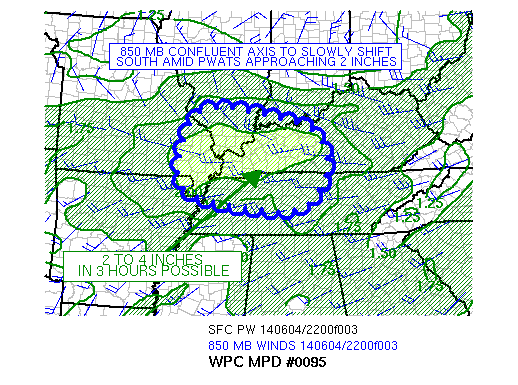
AREAS AFFECTED...LOWER OHIO VALLEYINTO NWRN KENTUCKY

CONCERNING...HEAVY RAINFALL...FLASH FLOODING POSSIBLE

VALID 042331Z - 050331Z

SUMMARY...CONVECTION WITH RAINFALL RATES OF 1-2 IN/HR WILL SAG SWD
INTO SWRN KENTUCKY AND NWRN TENNESSEE THROUGH THE EARLY OVERNIGHT
HOURS AS AN 850 MB CONFLUENCE AXIS SLOWLY DROPS SOUTH. A NUMBER OF
HI-RES MODELS ARE SHOWING AGREEMENT IN HEAVY RAINFALL WHICH WOULD
EXCEED FLASH FLOOD GUIDANCE ACROSS THE LOWER OHIO VALLEY INTO NWRN
TENNESSEE.

DISCUSSION...A CLUSTER OF STORMS IS ONGOING ACROSS SRN ILLINOIS
INTO NWRN KENTUCKY AHEAD OF A SLOW MOVING COLD FRONT ANALYZED AT
23Z FROM SWRN OHIO...WWD ACROSS SWN INDIANA AND ILLINOIS INTO SERN
MISSOURI. HOURLY RAINFALL RATES OF 1 TO 2 INCHES HAVE BEEN
REPORTED PER RECENT ASOS AND COOP STATIONS IN SOME OF THE STRONGER
CORES.

ONGOING CONVECTION LINES UP WITH AN AXIS OF CONFLUENCE AT 850 MB
TIED TO THE COLD FRONT...WHICH IS CO-LOCATED WITH PRECIPITABLE
WATER VALUES NEAR 1.75 INCHES. THE CONFLUENCE AXIS WILL SLOWLY
DROP SOUTH THROUGH 04Z INTO A REGION OF RICH LOW LEVEL MOISTURE
CHARACTERIZED BY DEWPOINTS IN THE LOW 70S ACROSS THE THREAT AREA.

WHILE INSTABILITY WILL BE WANING WITH NOCTURNAL
COOLING...UNIDIRECTIONAL WLY FLOW IN THE LOW AND MID LEVELS WILL
SUPPORT TRAINING OF CONVECTION INTO THE EARLY OVERNIGHT HOURS. A
NUMBER OF HI-RES MODELS WHICH HAVE BEEN HANDLING THIS EVENINGS
RAINFALL REASONABLY WELL ACROSS SRN ILLINOIS INTO KENTUCKY SUGGEST
A SLIGHT UPTICK IN CONVECTIVE COVERAGE WITH RAINFALL RATES OF 2-4
INCHES IN 3 HOURS WHICH WOULD CAUSE FLASH FLOODING...ESPECIALLY
ACROSS THE WESTERN PORTION OF THE THREAT AREA WHERE FFG VALUES ARE
AS LOW AS 2 INCHES IN 3 HOURS.